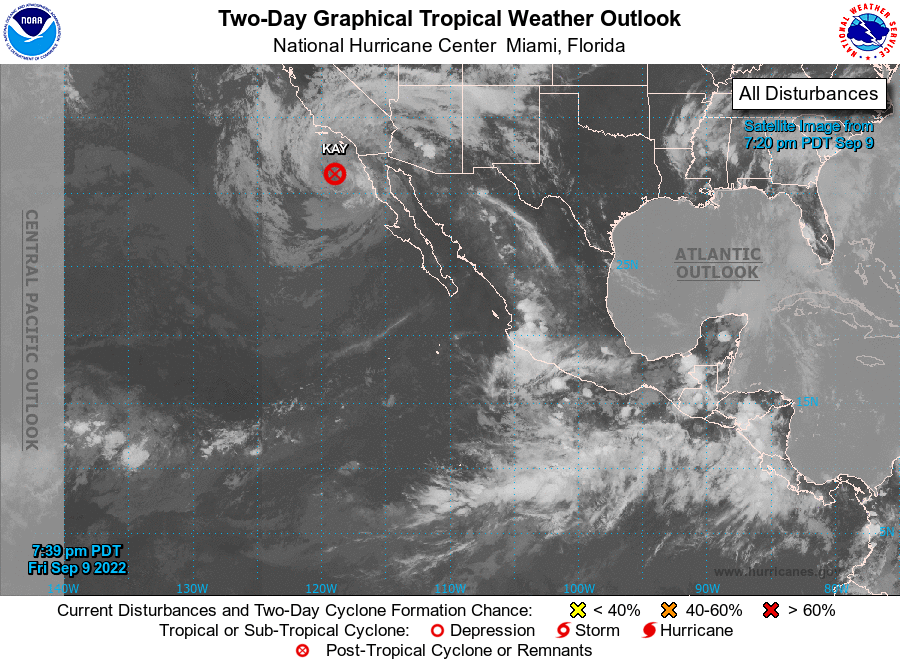
For the eastern North Pacific...east of 140 degrees west longitude:

Active Systems: The National Hurricane Center is issuing advisories on Tropical Storm Kay, located just off the northern Baja California peninsula.

1. South of the Gulf of Tehuantepec: An area of low pressure could form south or southwest of the Gulf of Tehuantepec by the middle of next week. Environmental conditions are expected to be conducive for some gradual development thereafter while the system moves slowly westward near the coast of southern and southwestern Mexico.
* Formation chance through 48 hours...low...near 0 percent.
* Formation chance through 5 days...low...20 percent.

Forecaster Cangialosi